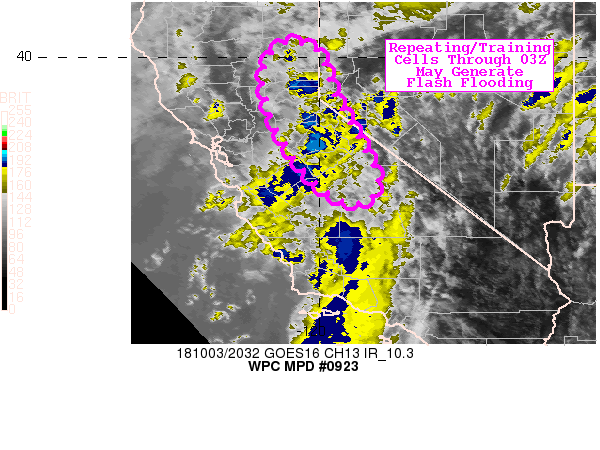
Areas affected...Central Sierra Nevada Mountains into the
foothills

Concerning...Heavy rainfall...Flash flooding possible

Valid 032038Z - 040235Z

Summary...Training convection from the San Joaquin Valley into the
central Sierra Nevada Mountains may lead to flash flooding over
the next 3-6 hours. Rainfall rates of 0.5 to 1.5 in/hr will be
possible.

Discussion...12Z RAOB data over CA showed many sites in excess of
the 90th percentile regarding precipitable water with values
ranging from about 1.0 to 1.3 inches. Filtered sunshine through
the early afternoon has allowed MLCAPE values to rise to near 500
J/kg in the northern San Joaquin Valley into the foothills of the
Sierra Nevada via the 20Z SPC mesoanalysis page where scattered
thunderstorms have increased in coverage over the past 1-2 hours.
RAP analysis soundings for these locations show high relative
humidities throughout the troposphere with tall/skinny CAPE
profiles and generally southerly flow throughout but with more of
a southeasterly component near 700 mb confirmed with the KHNX VAD
wind profile.

Water vapor imagery at 20Z showed a closed low centered roughly
100 miles west of Point Conception, advancing toward the east with
multiple smaller scale vorticity maxima revolving about the common
center. One of the embedded vorticity maxima was located on the
south side of the closed low, preceded by an area of colder cloud
tops on infrared satellite imagery crossing the southern
California coast. Enhanced mid-upper level diffluence will follow
into central CA ahead of this feature as the closed low edges
closer which is expected to allow for continued convective
generation well past 00Z.

While instability is expected to remain less than 1000 J/kg, the
anomalous moisture combined with sufficient instability and
generally unidirectional flow with lower levels parallel to the
spine of the Sierra Nevada range...training and repeating cells
into the evening are expected. With ideal training, rainfall rates
could approach 1.5 in/hr but are mainly expected to be between 0.5
and 1.0 in/hr which may cause flash flooding in a few locations,
especially if overlap occurs with sensitive burn scar locations.